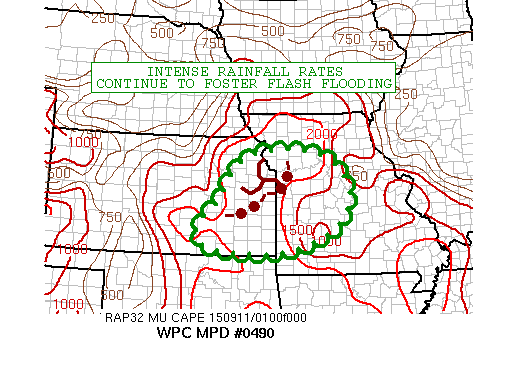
AREAS AFFECTED...EASTERN KS...WESTERN MO

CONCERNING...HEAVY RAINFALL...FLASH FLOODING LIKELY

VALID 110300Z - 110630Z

SUMMARY...VERY STRONG CONVECTIVE COMPLEX CONTINUES TO MOVE THROUGH
EASTERN KS AND WILL CONTINUE TO FOSTER FLASH FLOODING LOCALLY AS
IT MOVES INTO WESTERN MO.

DISCUSSION...A STRONG MCS WITH VERY COLD CLOUD TOPS AND SOME
OVERSHOOTING TOPS CONTINUES TO MOVE THROUGH EASTERN KS AND IS NOW
BEGINNING TO MOVE INTO WESTERN MO. THE CONVECTION IS ASSOCIATED
WITH A STRONG SHORTWAVE TROUGH EJECTING SOUTHEAST ACROSS THE LOWER
MO VALLEY...AND IT IS INTERACTING WITH A MODERATELY UNSTABLE
AIRMASS JUST AHEAD OF IT.

OVER THE NEXT FEW HOURS...THE MCS SHOULD BEGIN TO GRADUALLY WEAKEN
AS IT MOVES THROUGH WESTERN MO AND ENCOUNTERS AN INCREASINGLY
STABLE BOUNDARY LAYER...BUT SHORT-TERM RAINFALL RATES WILL
CONTINUE TO BE RATHER HIGH...REACHING UP TO 2 INCHES/HR. THESE
RATES WILL BE MAXIMIZED IN THE VICINITY OF OVERSHOOTING TOPS.

THE HIRES GUIDANCE INCLUDING THE HRRR...AND THE 12Z ARW/12Z NMMB
SOLUTIONS APPEAR TO BE LOCALLY UNDERDONE WITH THEIR QPF COMPARED
TO SURFACE OBSERVATIONS...AND OVER THE NEXT COUPLE OF
HOURS...ADDITIONAL RAINFALL AMOUNTS OF LOCALLY 2 TO 3 INCHES CAN
BE EXPECTED. THIS WILL CONTINUE TO FOCUS A LOCALIZED THREAT FOR
FLASH FLOODING...AND ESPECIALLY IN VICINITY OF URBAN AREAS.